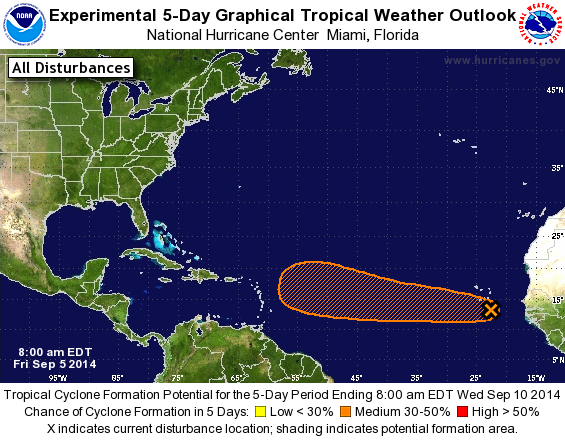
For the North Atlantic...Caribbean Sea and the Gulf of Mexico:

1. An area of low pressure, associated with a tropical wave, is producing disorganized cloudiness and thunderstorms near and south of the Cape Verde Islands. Some slow development of this system is possible over the next several days while it moves westward at about 15 mph. This system could still bring locally heavy rain and gusty winds in squalls to portions of the Cape Verde Islands today.
* Formation chance through 48 hours...low...20 percent.
* Formation chance through 5 days...medium...30 percent.

Forecaster Kimberlain